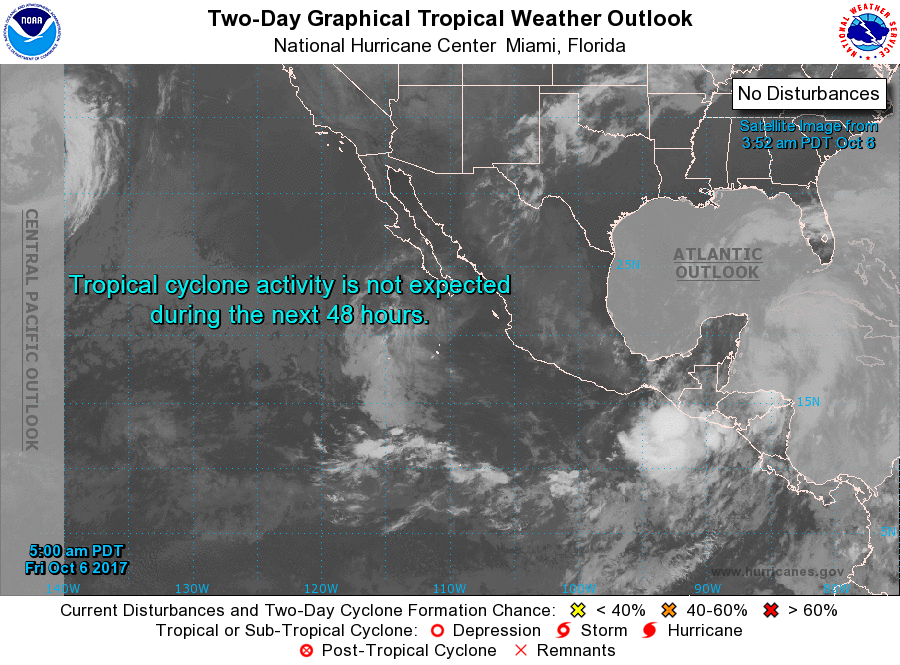
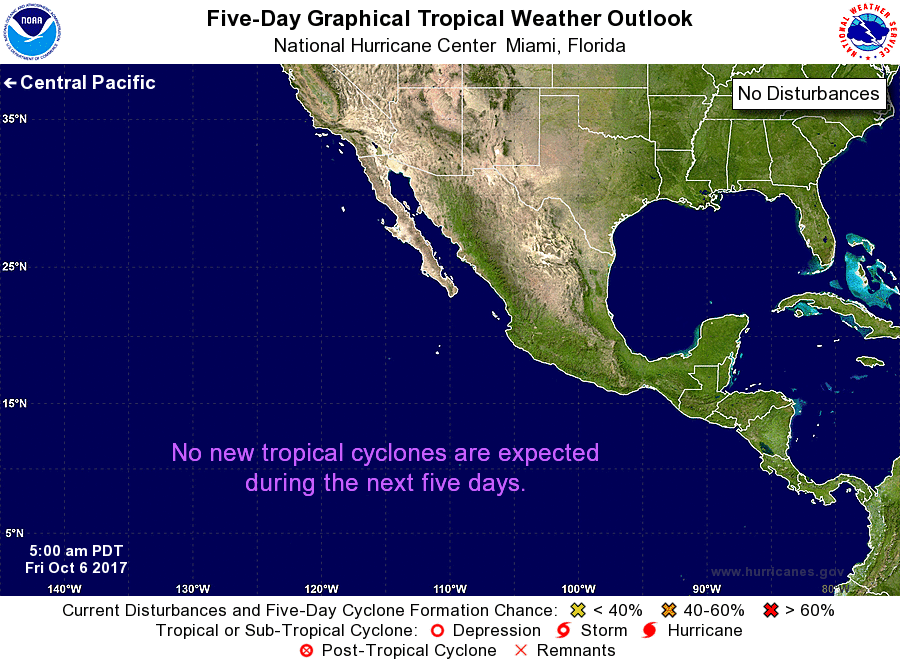
For the eastern North Pacific...east of 140 degrees west longitude:

Tropical cyclone formation is not expected during the next 5 days.

Forecaster Blake